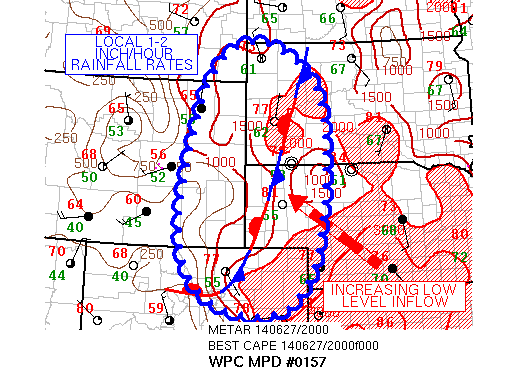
AREAS AFFECTED......NORTHEAST CO/EASTERN WY/WESTERN NE/WESTERN
SD...

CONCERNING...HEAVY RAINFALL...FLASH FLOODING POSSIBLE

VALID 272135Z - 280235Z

SUMMARY...CONVECTION DEVELOPING ALONG A STATIONARY FRONT EXTENDING
ACROSS THE WESTERN HIGH PLAINS WILL TAP INTO INCREASING AND
MOISTURE...WHICH COULD RESULT IN FLASH FLOODING INTO THE EVENING
HOURS.

DISCUSSION...CONVECTIVE COVERAGE IS INCREASING ALONG A STATIONARY
BOUNDARY EXTENDING FROM WESTERN SD INTO NORTHEAST CO...AS THE LAST
OF THE INHIBITION DIMINISHES. THE LOW LEVEL INFLOW SHOULD HELP
PUMP UP PWAT VALUES TO NEAR 1.25 INCHES ACROSS WESTERN NE/WESTERN
SD INTO THE EVENING HOURS...AS MOISTURE POOLS ALONG THE FRONT.

THERE IS AN INCREASING SIGNAL AMONG THE LATEST HIGH RES GUIDANCE
(PARTICULARLY THE LATEST HRRR) THE CONVECTIVE COVERAGE WILL
INCREASE ALONG THE FRONT FOR THE REMAINDER OF THE AFTERNOON...
ESPECIALLY OVER WESTERN NE INTO WESTERN SD. ONE HOUR FLASH FLOOD
GUIDANCE VALUES AREAS AS LOW AS AN INCH IN SOME PLACES. GIVEN THE
HIGHER MOISTURE CONTENT AIR BEING ADVECTED ON THE LOW LEVEL
INFLOW...LOCAL 1-2 INCH AN HOUR RAINFALL RATES ARE
POSSIBLE...WHICH COULD LEAD TO FLASH FLOODING.